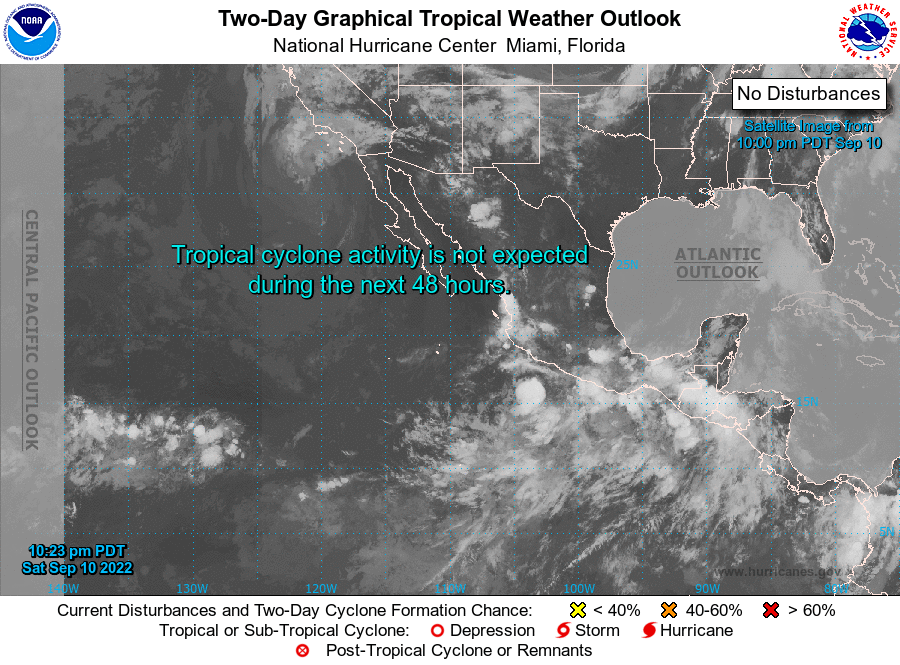
For the eastern North Pacific...east of 140 degrees west longitude:

1. Near the Coast of Southern Mexico: A broad area of low pressure is likely to form near the coast of southern Mexico by early next week. Environmental conditions are expected to be conducive and a tropical depression could form by the middle part of next week while it moves slowly westward near the coast of southern and southwestern Mexico.
* Formation chance through 48 hours...low...near 0 percent.
* Formation chance through 5 days...medium...40 percent.

Forecaster Bucci